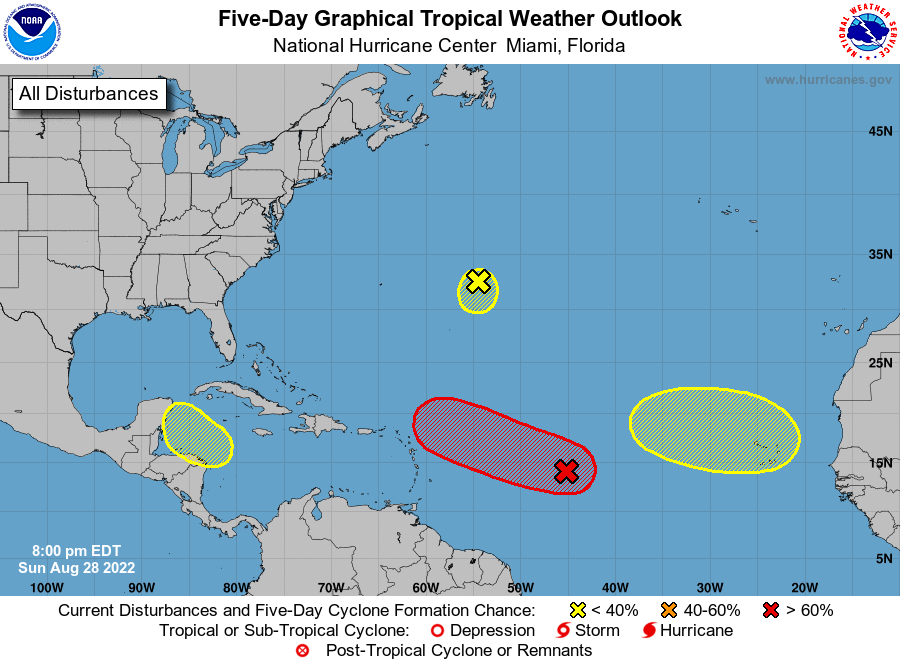
For the North Atlantic...Caribbean Sea and the Gulf of Mexico:

1. Central Tropical Atlantic: A broad area of low pressure over the central tropical Atlantic is producing a large area of disorganized cloudiness and showers. Although environmental conditions ahead of the system do not appear conducive for significant development, a tropical depression, at the very least, is likely to form later this week while the disturbance moves slowly toward the west and then west-northwest at 5 to 10 mph, toward the waters east and northeast of the Leeward Islands. Additional information on this system can be found in high seas forecasts issued by the National Weather Service.
* Formation chance through 48 hours...medium...50 percent.
* Formation chance through 5 days...high...70 percent.

2. Central Subtropical Atlantic: A small low pressure system located about 600 miles east of Bermuda continues to produce limited shower activity. Strong upper-level winds and dry air are expected to limit significant development of this system while it drifts southward over the central Atlantic during the next couple of days, and the low is likely to dissipate by midweek.
* Formation chance through 48 hours...low...10 percent.
* Formation chance through 5 days...low...10 percent.

3. Northwestern Caribbean Sea: A trough of low pressure could develop over the northwestern Caribbean Sea during the middle part of this week. Environmental conditions could support some slow development of the system thereafter while it moves generally west-northwestward over the northwestern Caribbean Sea and toward the Yucatan Peninsula of Mexico.
* Formation chance through 48 hours...low...near 0 percent.
* Formation chance through 5 days...low...20 percent.

4. Eastern Tropical Atlantic: A tropical wave is forecast to move off the west coast of Africa Monday night. Some gradual development of the system is possible after that time while it moves generally westward across the far eastern tropical Atlantic.
* Formation chance through 48 hours...low...near 0 percent.
* Formation chance through 5 days...low...20 percent.

High Seas Forecasts issued by the National Weather Service can be found under AWIPS header NFDHSFAT1, WMO header FZNT01 KWBC, and online at ocean.weather.gov/shtml/NFDHSFAT1.php

Forecaster Brown